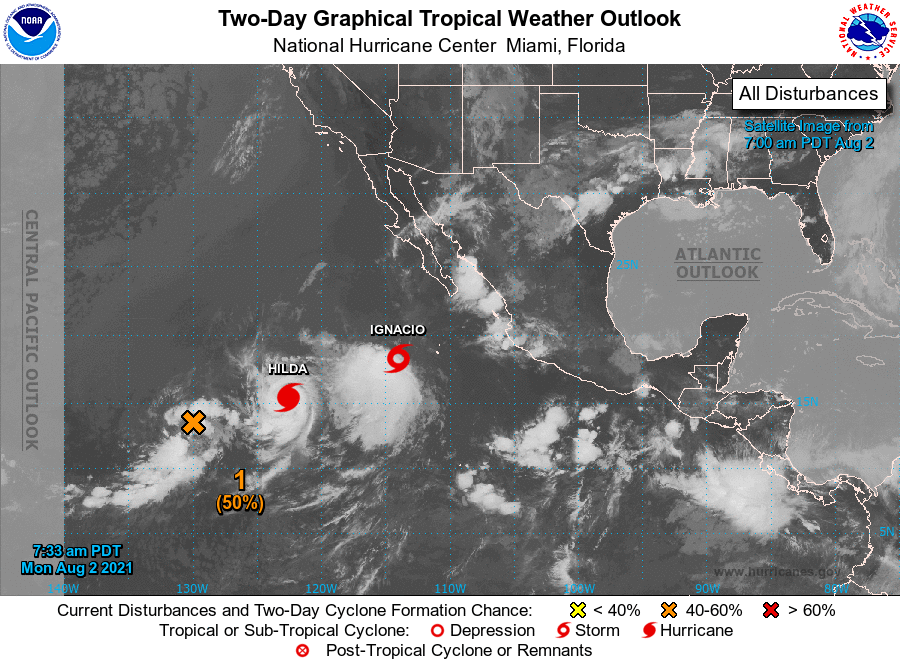
For the eastern North Pacific...east of 140 degrees west longitude:

The National Hurricane Center is issuing advisories on Hurricane Hilda, located more than 900 miles west-southwest of the southern tip of the Baja California peninsula, and on Tropical Depression Ten-E, located several hundred miles southwest of the southern tip of the Baja California peninsula.

1. A low pressure system associated with the remnants of Tropical Depression Nine-E is producing a broad area of disorganized showers and thunderstorms about 1400 miles west-southwest of the southern tip of the Baja California peninsula. Other than its proximity to Hurricane Hilda, somewhat favorable environmental conditions could allow this system to redevelop into a tropical depression in a couple of days while the low moves west-northwestward to northwestward at 5 to 10 mph.
* Formation chance through 48 hours...medium...50 percent.
* Formation chance through 5 days...medium...50 percent.

Public Advisories on Tropical Depression Ten-E are issued under WMO header WTPZ35 KNHC and under AWIPS header MIATCPEP5. Forecast/Advisories on Tropical Depression Ten-E are issued under WMO header WTPZ25 KNHC and under AWIPS header MIATCMEP5.

Forecaster Stewart